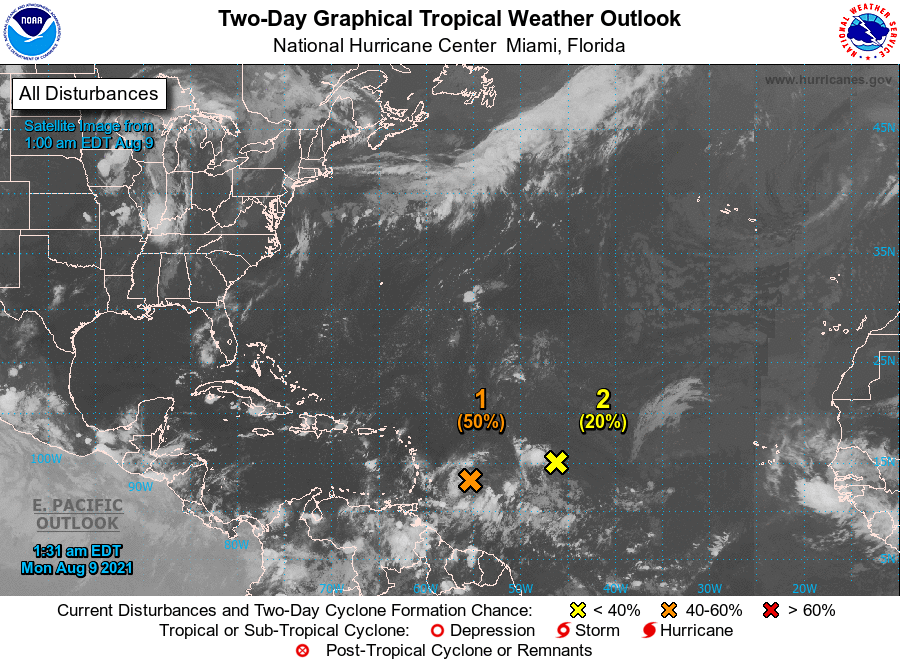
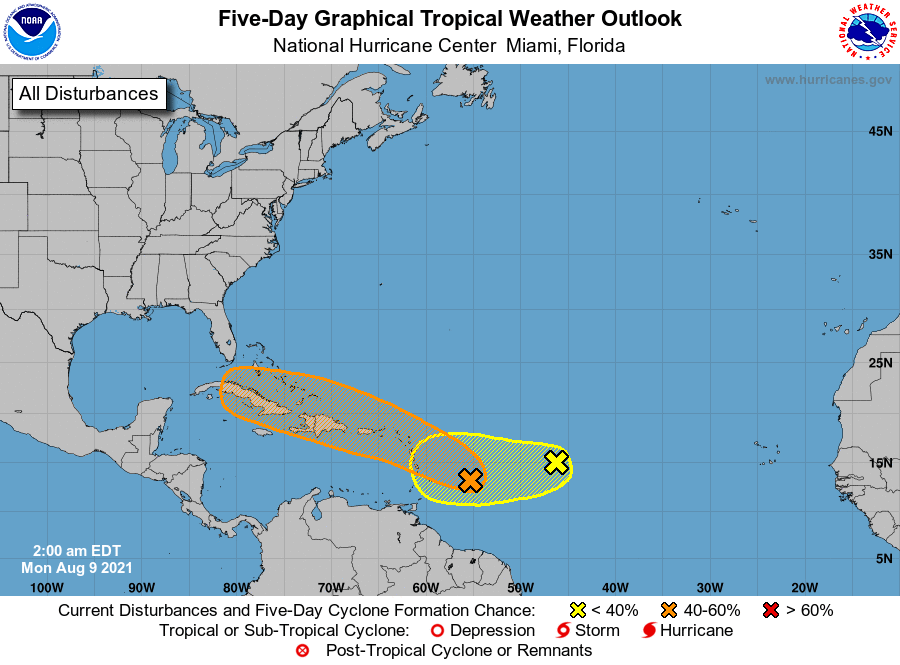
For the North Atlantic...Caribbean Sea and the Gulf of Mexico:

1. A low pressure system located about 380 miles east-southeast of the Leeward Islands is producing disorganized showers and thunderstorms. Environmental conditions are expected to be conducive for some development over the next few days, and a tropical depression could form while the low moves west-northwestward at about 15 mph. The disturbance is forecast to reach portions of the Lesser Antilles by late tonight, then move near the Virgin Islands and Puerto Rico on Tuesday, and be near Hispaniola around the middle of this week. Tropical storm watches or warnings could be required with shorter-than-normal lead times for portions of the Leeward Islands, the Virgin Islands, and Puerto Rico. In addition, heavy rains and flooding are likely for the Leeward Islands, Virgin Islands, and Puerto Rico. Interests in those areas should monitor the progress of this system.
* Formation chance through 48 hours...medium...50 percent.
* Formation chance through 5 days...medium...60 percent.

2. Disorganized showers and thunderstorms have changed little in association with an elongated low pressure area located about 1000 miles east of the Lesser Antilles. Development of this system is becoming less likely during the next few days while it moves toward the west or west-southwest at around 10 mph.
* Formation chance through 48 hours...low...20 percent.
* Formation chance through 5 days...low...30 percent.

Forecaster Pasch